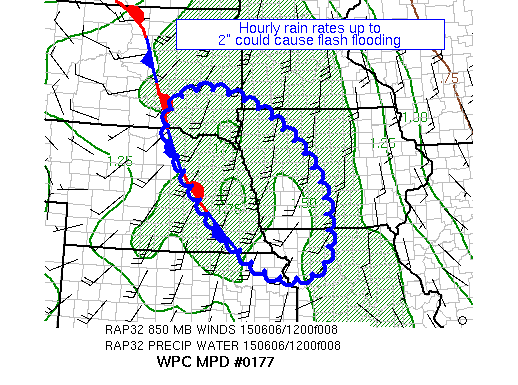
AREAS AFFECTED...LOWER MO VALLEY

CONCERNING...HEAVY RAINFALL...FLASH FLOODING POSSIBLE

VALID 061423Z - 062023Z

SUMMARY...THUNDERSTORMS HAVE BEGUN TO FORM ACROSS EASTERN NE.
WITH INCREASING LOW-LEVEL INFLOW AND INSTABILITY EXPECTED WITH
TIME, HOURLY RAIN RATES UP TO 2" AN HOUR ARE POSSIBLE WHICH COULD
LEAD TO FLASH FLOODING.

DISCUSSION...A SMALL CLUSTER OF THUNDERSTORMS WITH COOLING CLOUD
TOPS AND RAIN RATES PASSING 1.5" AN HOUR HAS FORMED ACROSS EASTERN
NE IN THE VICINITY OF A STATIONARY FRONT -- THE 00Z ARW HAS PICKED
UP VERY WELL ON THIS ACTIVITY.  RAINFALL AMOUNTS OF 0.75" IN 25
MINUTES HAVE BEEN OBSERVED TO THE NORTHWEST OF COLUMBUS NE PER THE
OAX/VALLEY NE FORECAST OFFICE.  LOW-LEVEL INFLOW AND INSTABILITY
INCREASES WITH TIME (EXCEEDING THE MEAN 850-400 WINDS BY ~10 KTS)
NEAR AND SOUTH OF THE BOUNDARY, WHICH SHOULD ACT TO INCREASE THE
SCOPE OF THUNDERSTORM ACTIVITY ALONG THE FRONT.  PRECIPITABLE
WATER VALUES OF CLOSE TO 1.75" PER GPS INFORMATION COULD LEAD TO
HOURLY RAIN RATES OF 2".

THERE IS A SIGNAL IN THE MESOSCALE QPF GUIDANCE OF LOCAL 2-3"
AMOUNTS ANYWHERE BETWEEN SOUTHEAST SD, EASTERN NE, AND WESTERNMOST
IA.  CONVECTION SHOULD BE FORWARD PROPAGATING ONCE IT ORGANIZES
PER THE AVAILABLE DIRECTIONAL WIND SHEAR AND CAPES EXCEEDING 3000
J/KG THIS AFTERNOON, WITH A NET MOTION OF 25 KTS TO THE
EAST-SOUTHEAST.  INCREASING INFLOW COULD LEAD TO SOME
BACKBUILDING, BUT THE MAIN THREAT IS EXPECTED TO BE CELL TRAINING.
 ACROSS SOUTHEAST SD, NORTHWEST IA, SOUTHEAST NE, AND NORTHWEST
MO, FLASH FLOOD GUIDANCE VALUES ARE UNDER 2" IN THREE HOURS.
FLASH FLOODING IS CONSIDERED POSSIBLE WITHIN THIS REGION.